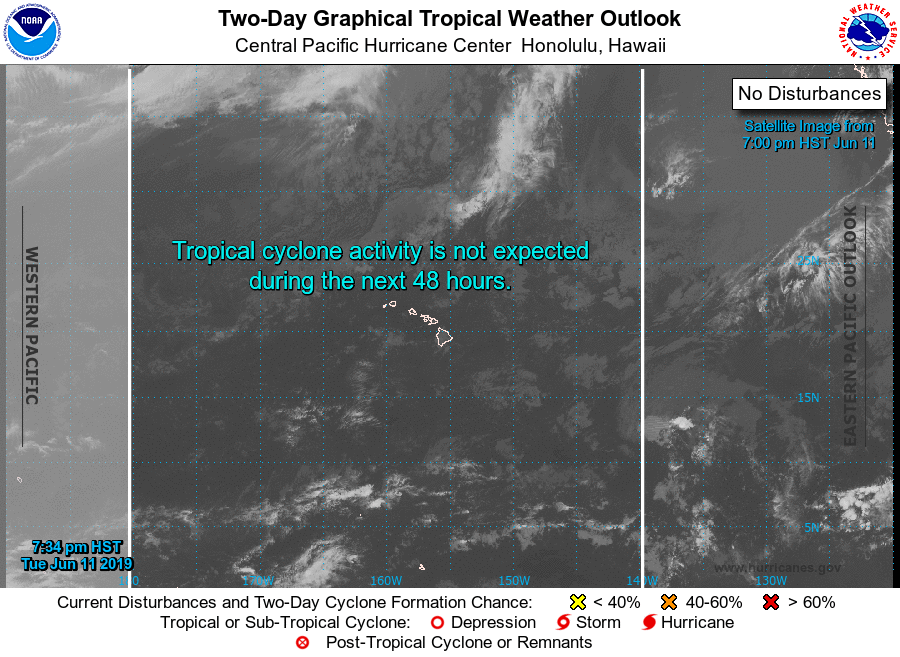
For the central North Pacific...between 140W and 180W:

No tropical cyclones are expected during the next 5 days.

Forecaster Lau